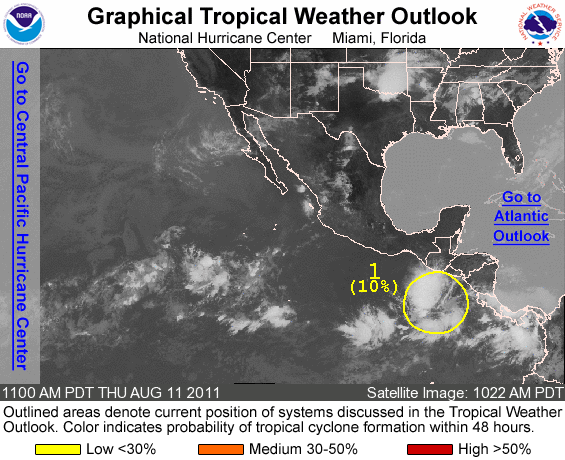
FOR THE EASTERN NORTH PACIFIC...EAST OF 140 DEGREES WEST LONGITUDE..

1. AN AREA OF LOW PRESSURE HAS FORMED A FEW HUNDRED MILES SOUTH OF EL SALVADOR. THIS LOW IS PRODUCING DISORGANIZED SHOWERS AND THUNDERSTORMS...AND ANY DEVELOPMENT IS EXPECTED TO BE SLOW TO OCCUR. THIS SYSTEM HAS A LOW CHANCE...10 PERCENT...OF BECOMING A TROPICAL CYCLONE DURING THE NEXT 48 HOURS AS IT MOVES SLOWLY WESTWARD.

FORECASTER CANGIALOSI